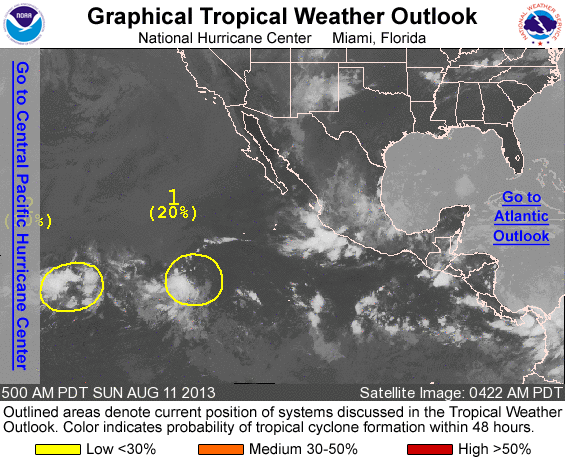
FOR THE EASTERN NORTH PACIFIC...EAST OF 140 DEGREES WEST LONGITUDE..

1. SHOWER AND THUNDERSTORM ACTIVITY CONTINUES TO REMAIN POORLY ORGANIZED IN ASSOCIATION WITH AN AREA OF LOW PRESSURE CENTERED ABOUT 1000 MILES SOUTHWEST OF THE SOUTHERN TIP OF BAJA CALIFORNIA. UPPER-LEVEL WINDS ARE FORECAST TO BE MARGINALLY CONDUCIVE FOR DEVELOPMENT OVER THE NEXT FEW DAYS WHILE THE LOW MOVES WESTWARD AT 10 TO 15 MPH. THIS SYSTEM HAS A LOW CHANCE...20 PERCENT...OF BECOMING A TROPICAL CYCLONE DURING THE NEXT 48 HOURS AND A MEDIUM CHANCE...40 PERCENT...OF BECOMING A TROPICAL CYCLONE DURING THE NEXT 5 DAYS.

2. A TROUGH OF LOW PRESSURE LOCATED ABOUT 1400 MILES EAST-SOUTHEAST OF THE BIG ISLAND OF HAWAII CONTINUES TO PRODUCE DISORGANIZED SHOWERS AND THUNDERSTORMS. DEVELOPMENT...IF ANY...OF THIS SYSTEM IS EXPECTED TO BE SLOW TO OCCUR DURING THE NEXT FEW DAYS WHILE IT MOVES WESTWARD AT 10 TO 15 MPH. THIS SYSTEM HAS A LOW CHANCE...10 PERCENT...OF BECOMING A TROPICAL CYCLONE DURING THE NEXT 48 HOURS...AND A LOW CHANCE...10 PERCENT...OF BECOMING A TROPICAL CYCLONE DURING THE NEXT 5 DAYS.

FIVE-DAY FORMATION PROBABILITIES ARE EXPERIMENTAL IN 2013. COMMENTS ON THE EXPERIMENTAL FORECASTS CAN BE PROVIDED AT...

HTTP://WWW.NWS.NOAA.GOV/SURVEY/NWS-SURVEY.PHP?CODE=ETWO

FORECASTER KIMBERLAIN